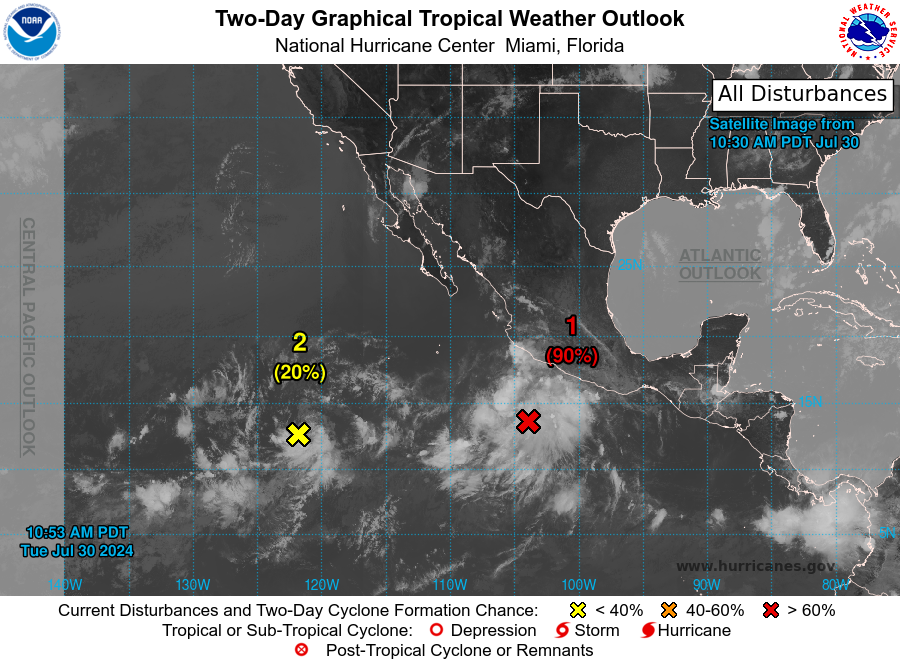
For the eastern North Pacific...east of 140 degrees west longitude:

1. South of Southern Mexico (EP94): Shower and thunderstorm activity is showing signs of organization with an area of low pressure located a few hundred miles south of the southern coast of Mexico. However, recently received satellite wind data suggests the system does not yet possess a well-defined center. Environmental conditions appear conducive for further development of this system, and a tropical depression is expected to form over the next day or two. The system is forecast to move westward to west-northwestward at 10 to 15 mph during the next several days, remaining offshore of the southern coast of Mexico.
* Formation chance through 48 hours...high...90 percent.
* Formation chance through 7 days...high...90 percent.

2. Western East Pacific: An area of low pressure has developed well to the southwest of the southern tip of the Baja California Peninsula, and recent shower and thunderstorm activity associated with the system is showing some signs of organization. Some additional development of this system is possible and a tropical depression could form by the end of this week. This system is forecast to move slowly westward at 5 to 10 mph, remaining over the western portion of the basin.
* Formation chance through 48 hours...low...20 percent.
* Formation chance through 7 days...medium...40 percent.

3. South of Central America and Southern Mexico: An area of low pressure is forecast to form offshore of the coast of Central America and southern Mexico later this week. Afterwards, environmental conditions appear conducive for gradual development of this system, and a tropical depression is likely to form by the end of the week or this weekend. The system is forecast to move westward to west-northwestward at 10 to 15 mph during the next several days, remaining offshore.
* Formation chance through 48 hours...low...near 0 percent.
* Formation chance through 7 days...high...70 percent.

Forecaster Papin